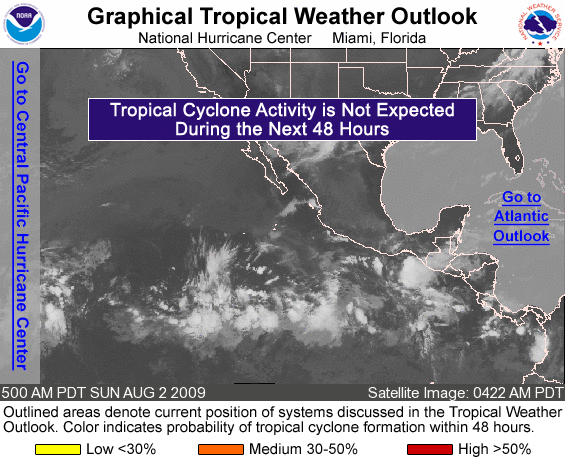
FOR THE EASTERN NORTH PACIFIC...EAST OF 140 DEGREES WEST LONGITUDE..

TROPICAL CYCLONE FORMATION IS NOT EXPECTED DURING THE NEXT 48 HOURS.

FORECASTER PASCH